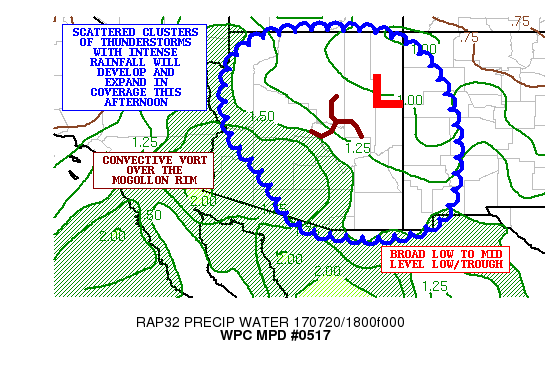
AREAS AFFECTED...AZ...WESTERN NM

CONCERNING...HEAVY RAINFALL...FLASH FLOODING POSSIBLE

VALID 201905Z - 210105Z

SUMMARY...A GRADUAL INCREASE IN SHOWER AND THUNDERSTORM ACTIVITY
IS EXPECTED THROUGH THE AFTERNOON HOURS. SOME FLASH FLOODING WILL
BE POSSIBLE.

DISCUSSION...A RELATIVELY BROAD AND WEAK LOW TO MID LEVEL
LOW/TROUGH CAN BE SEEN IN EXPERIMENTAL GOES-16 7.3 MICRON/LLWV
IMAGERY MOVING SLOWLY NORTHWEST ACROSS WESTERN NM AND EASTERN AZ.
MEANWHILE...A VERY WELL-DEFINED MCV IS NOTED OVER CENTRAL AREAS OF
THE MOGOLLON RIM. THE ENVIRONMENT OVERALL IS NOT QUITE AS MOIST AS
IN RECENT DAYS...HOWEVER PWATS ARE STILL RUNNING UP BETWEEN 1.5
AND 1.8 INCHES...WITH THE MOISTURE A BIT MORE CONCENTRATED AND
THROUGH A DEEPER COLUMN OVER SOUTHERN AND WESTERN AZ. RELATIVELY
MODEST INSTABILITY IS IN PLACE CURRENTLY WITH 500 TO 1000 J/KG OF
MLCAPE...BUT ADDITIONAL STRONG DIURNAL HEATING WILL INCREASE THESE
VALUES THROUGH THE AFTERNOON...AND THIS COUPLED WITH THE BROAD
CYCLONIC FLOW AND SMALL SCALE VORT CENTER ENERGY WILL ALLOW
CONVECTION TO GRADUALLY INTENSIFY AND EXPAND IN COVERAGE. ALREADY
CONVECTIVE INITIATION IS UNDERWAY OVER AREAS OF WESTERN NM AND IS
A VERY SCATTERED MANNER OVER THE MOGOLLON RIM AND ADJACENT AREAS
OF CENTRAL/EASTERN AZ.

A CONSENSUS OF THE HIRES GUIDANCE INCLUDING THE 12Z ARW/NMMB AND
NSSL-WRF...ALONG WITH THE LATEST HRRR RUN...SUPPORT THE HEAVIEST
RAINFALL POTENTIAL GENERALLY IN NW/SE FASHION FROM THE MOGOLLON
RIM NEAR THE CURRENT MCV AND STRETCHING DOWN INTO SOUTHEAST AZ
THROUGH THE 00Z TIME-FRAME.

RAINFALL RATES OF 1.5 TO 2 INCHES/HR WILL BE EXPECTED WITH THE
CURRENT DEGREE OF MOISTURE IN THE VERTICAL COLUMN...WITH STORM
TOTAL POTENTIAL PERHAPS AS HIGH AS 3 INCHES. GIVEN THE SENSITIVITY
OF THE LAND-MASS AREAS SUCH AS DRY WASHES AND ARROYOS...INCLUDING
BURN SCARS...AND ESPECIALLY STEEP TERRAIN...THERE WILL REMAIN A
RISK OF FLASH FLOODING.